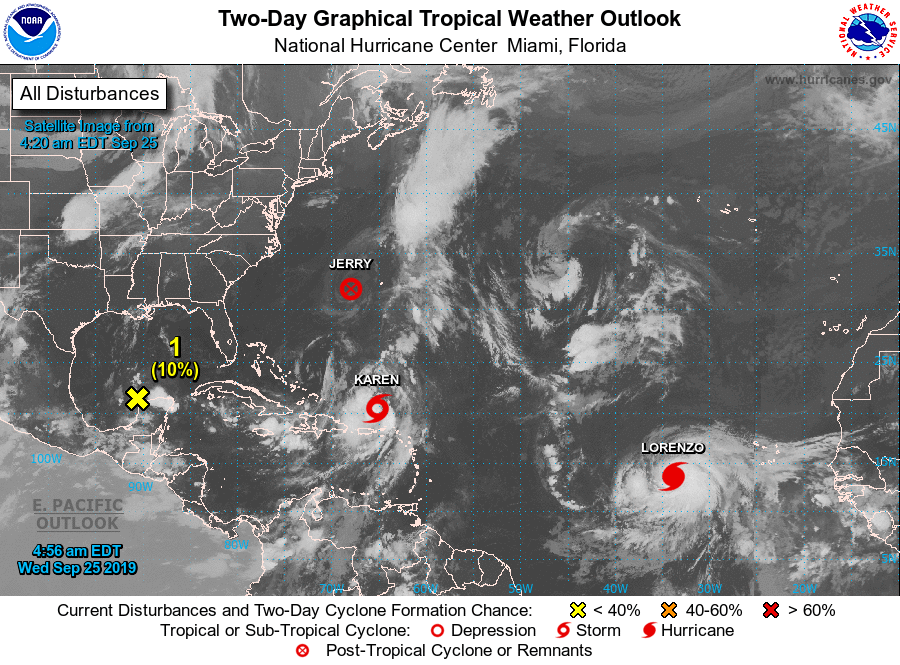
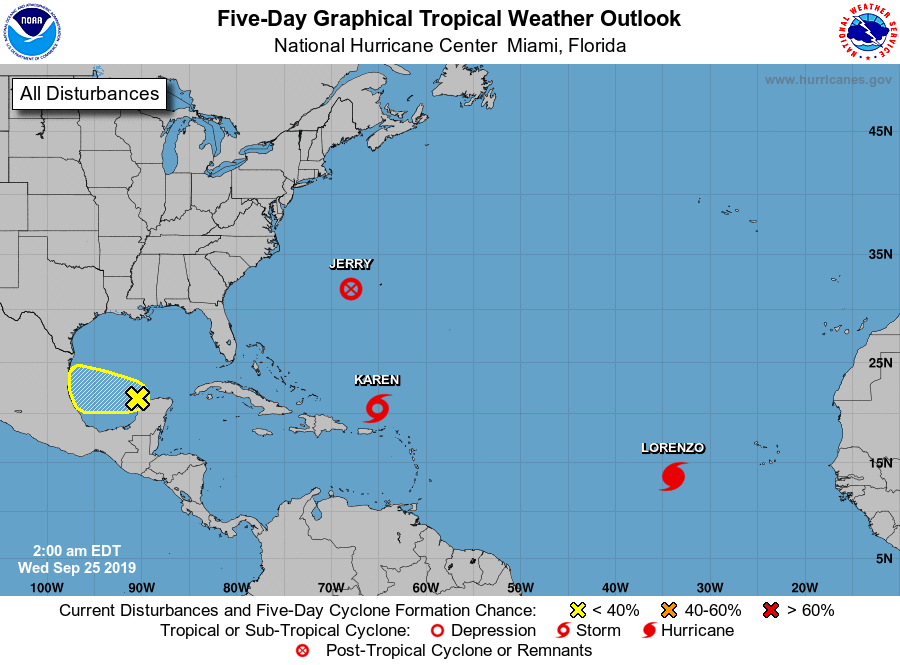
For the North Atlantic...Caribbean Sea and the Gulf of Mexico:

The National Hurricane Center is issuing advisories on Tropical Storm Jerry, located a few hundred miles west-southwest of Bermuda, on Tropical Storm Karen, located about 100 miles north-northeast of Puerto Rico and the U.S. Virgin Islands, and on Tropical Storm Lorenzo, located over the eastern tropical Atlantic.

1. A low pressure system located just offshore of the northwestern coast of the Yucatan peninsula is producing limited shower activity. Little or no development is expected through Thursday while the system moves westward at 5 to 10 mph across the southwestern Gulf of Mexico. By Friday, however, some development of the disturbance is possible before it moves inland over northeastern Mexico on Saturday.
* Formation chance through 48 hours...low...10 percent.
* Formation chance through 5 days...low...20 percent.

Forecaster Stewart